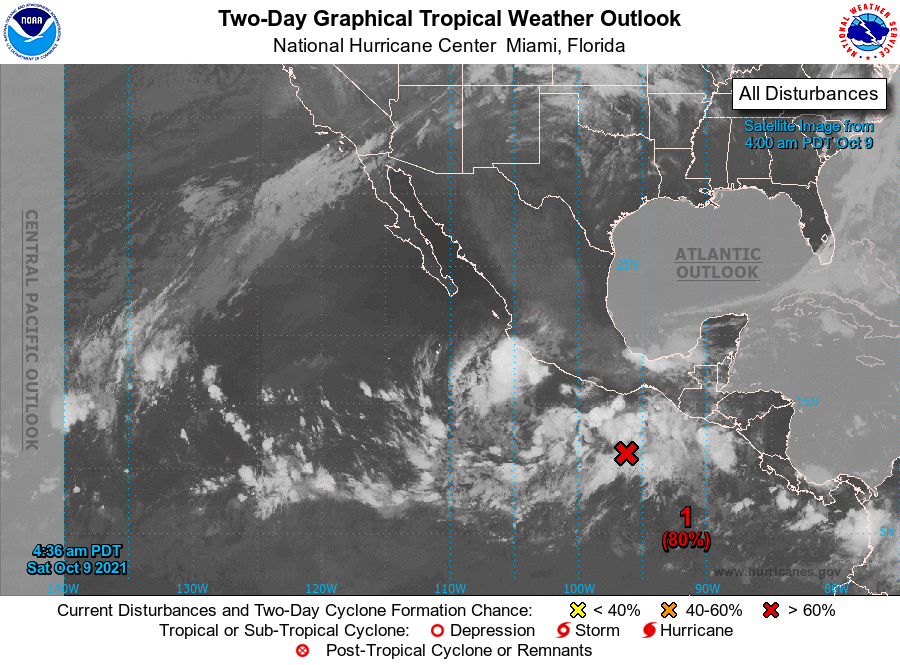
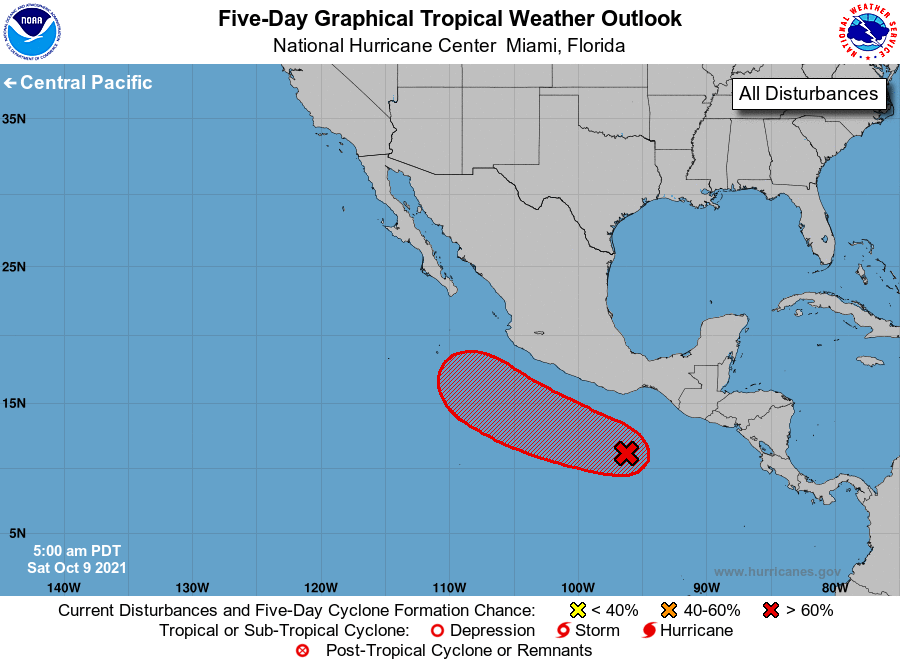
For the eastern North Pacific...east of 140 degrees west longitude:

1. A broad area of low pressure located a few hundred miles south-southwest of the Gulf of Tehuantepec continues to produce a large area of disorganized showers and thunderstorms. Environmental conditions are forecast to be conducive for development, and a tropical depression or tropical storm is expected to form within the next couple of days while the system moves west-northwestward at about 15 mph south of the coast of Mexico.
* Formation chance through 48 hours...high...80 percent.
* Formation chance through 5 days...high...90 percent.

Forecaster Berg